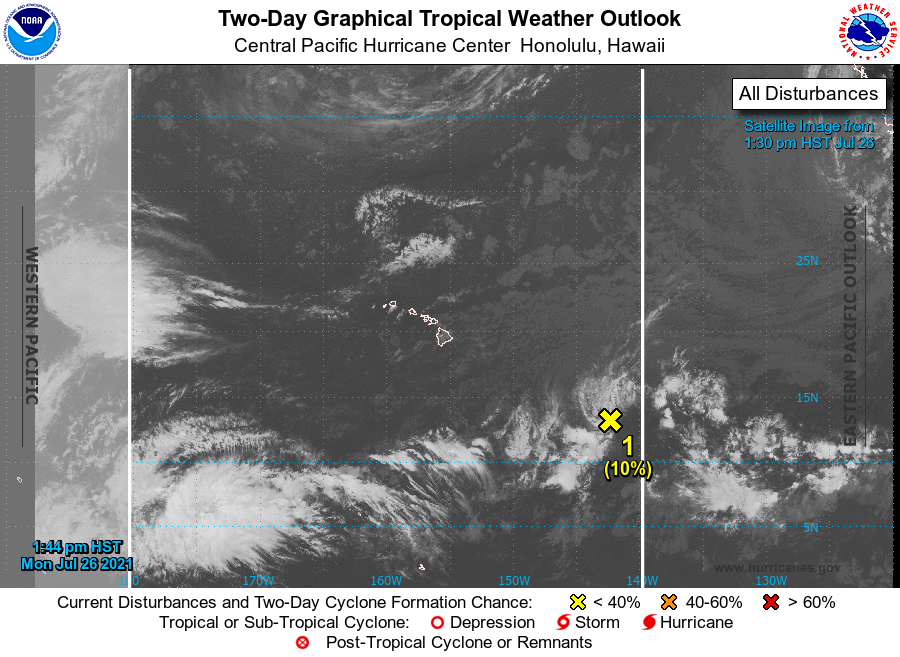
For the central North Pacific...between 140W and 180W:

1. An elongated area of low pressure located about 1000 miles east-southeast of Hilo, Hawaii continues to move westward near 15 mph. Shower and thunderstorm coverage has decreased through the day, and environmental conditions are becoming less conducive for development of a tropical depression. By Tuesday, conditions are expected to become unfavorable for any further development.
* Formation chance through 48 hours...low...10 percent.
* Formation chance through 5 days...low...10 percent.

Elsewhere, no tropical cyclones are expected during the next 5 days.

Forecaster Almanza